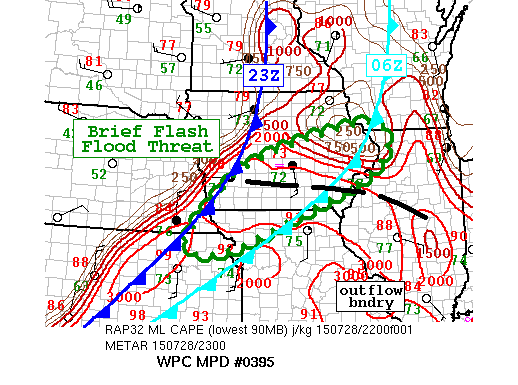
AREAS AFFECTED...MID MISSOURI VALLEY INTO SRN IOWA

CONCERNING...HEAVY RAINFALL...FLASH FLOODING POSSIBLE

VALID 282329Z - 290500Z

SUMMARY...RAINFALL RATES OF 1-2 IN/HR WILL PRODUCE A BRIEF THREAT
FOR FLASH FLOODING ACROSS A REGION OF LOWER FFG ACROSS THE
MID-MISSOURI VALLEY INTO SRN IOWA. THE THREAT WILL BE BRIEF
HOWEVER...AS A PROGRESSIVE COLD FRONT WILL SWEEP THROUGH THE
REGION BY 06Z.

DISCUSSION...AT 23Z...RADAR IMAGERY FROM KDMX SHOWED A CLUSTER OF
CONVECTION JUST SOUTHEAST OF DSM...MOVING OFF TOWARD THE EAST AT
ABOUT 25 KTS WHILE ADDITIONAL SHOWERS WERE DEVELOPING OVER SWRN
IOWA. THE ACTIVITY WAS OCCURRING JUST NORTH OF A WELL DEFINED
OUTFLOW BOUNDARY EXTENDING WEST-EAST ACROSS WRN IOWA...WITH MLCAPE
ESTIMATED TO BE BETWEEN 2000-4000 J/KG ALONG AND SOUTH OF THE
BOUNDARY ACCORDING TO RECENT SPC MESOANALYSIS PAGE. PRECIPITABLE
WATER VALUES ARE ESTIMATED TO BE BETWEEN 1.75 AND 2.00 INCHES JUST
AHEAD OF A PROGRESSIVE COLD FRONT MOVING ACROSS W-CNTRL IOWA.
TRENDS IN VISIBLE IMAGERY HAVE ALSO SHOWN AN INCREASE IN CUMULUS
DEVELOPMENT WITH A FEW THUNDERSTORMS DEVELOPING ALONG THE COLD
FRONT IN NRN KANSAS WHERE CIN HAS ERODED OVER THE PAST SEVERAL
HOURS.

GIVEN THE MOISTURE IN PLACE...HEAVY RAINFALL RATES OF 1-2 IN/HR
ARE EXPECTED WITH CONVECTION AHEAD OF THE COLD FRONT OVER THE NEXT
FEW HOURS AS THUNDERSTORMS CONTINUE TO DEVELOP. CONTINUED
OVERRUNNING OF THE OUTFLOW BOUNDARY IS ALSO EXPECTED WHICH MAY
ALLOW FOR THE GREATEST HEAVY RAIN POTENTIAL ACROSS SRN IOWA. GIVEN
FLASH FLOOD GUIDANCE IS ONLY 1-2 IN/HR ACROSS MOST OF THE MPD
THREAT AREA...A BRIEF THREAT FOR FLASH FLOODING IS
EXPECTED...MOSTLY WHERE TEMPORARY CELL TRAINING DEVELOPS. RECENT
RUNS OF THE HRRR AND EXPERIMENTAL HRRR HAVE BEEN DOING THE BEST SO
FAR AND SUPPORT THE POTENTIAL FOR A FEW 2-3 INCH MAXIMA FROM
S-CNTRL IOWA TO THE MISSOURI BORDER THROUGH 05Z.